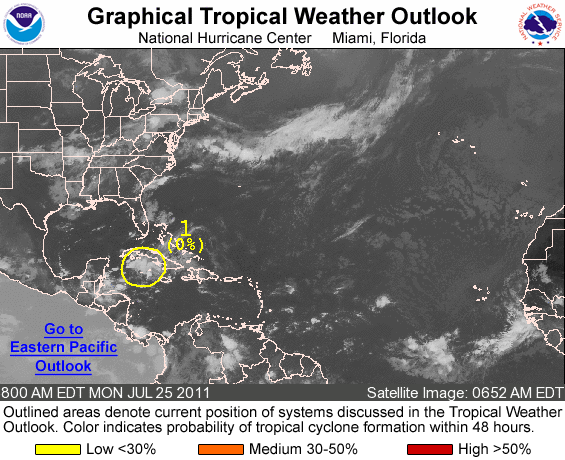
FOR THE NORTH ATLANTIC...CARIBBEAN SEA AND THE GULF OF MEXICO...

1. DISORGANIZED SHOWERS AND A FEW THUNDERSTORMS OVER CUBA AND THE ADJACENT WATERS ARE ASSOCIATED WITH A TROPICAL WAVE. SIGNIFICANT DEVELOPMENT OF THIS SYSTEM IS NOT EXPECTED DURING THE NEXT COUPLE OF DAYS AS IT MOVES GENERALLY WESTWARD NEAR 20 MPH AND INTERACTS WITH LAND. THIS SYSTEM HAS A LOW CHANCE...NEAR 0 PERCENT...OF BECOMING A TROPICAL CYCLONE DURING THE NEXT 48 HOURS.

ELSEWHERE...TROPICAL CYCLONE FORMATION IS NOT EXPECTED DURING THE NEXT 48 HOURS.

FORECASTER PASCH/ROBERTS